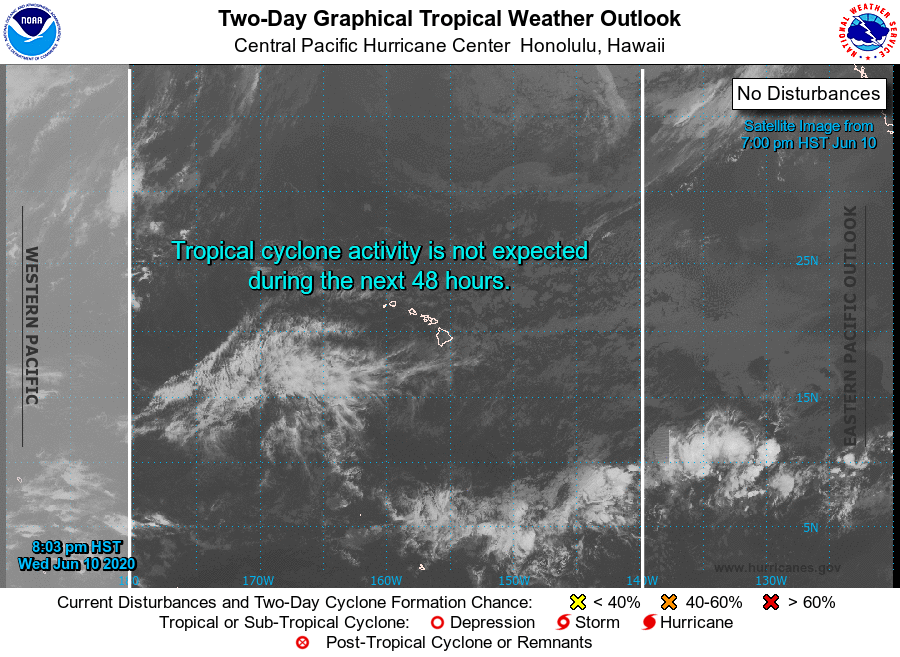
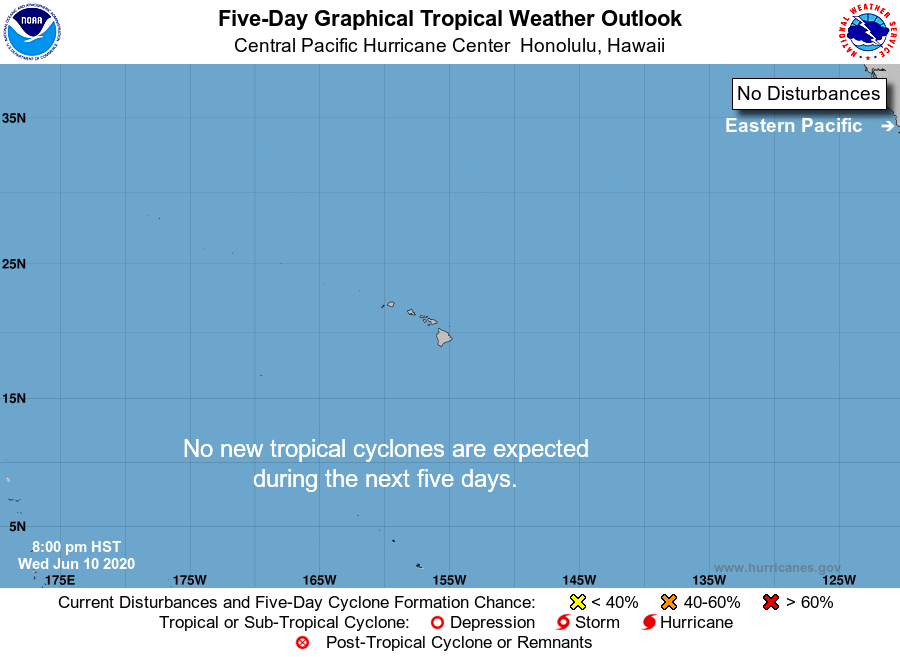
For the central North Pacific...between 140W and 180W:

No tropical cyclones are expected during the next 5 days.

Forecaster Birchard